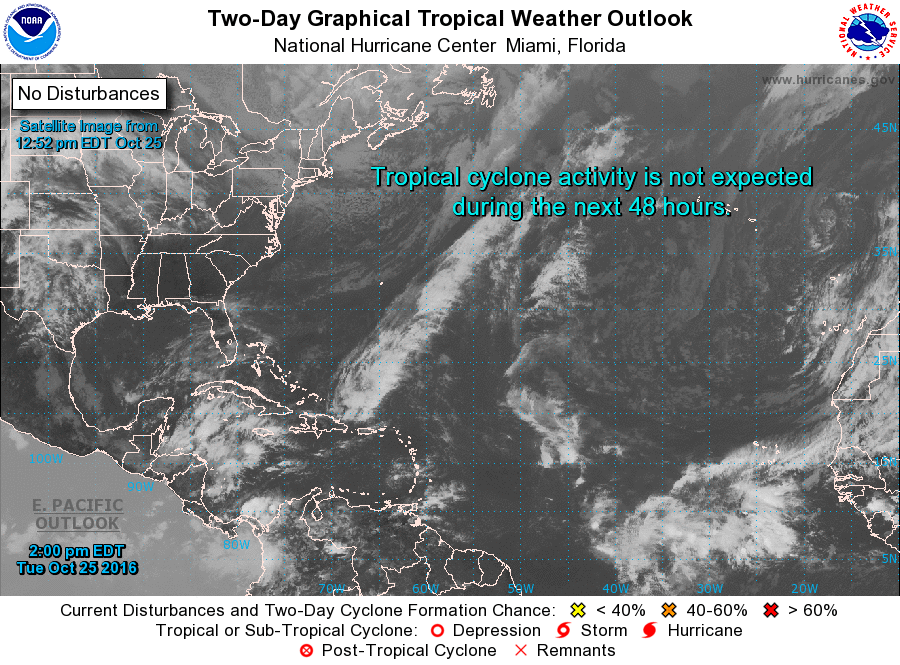
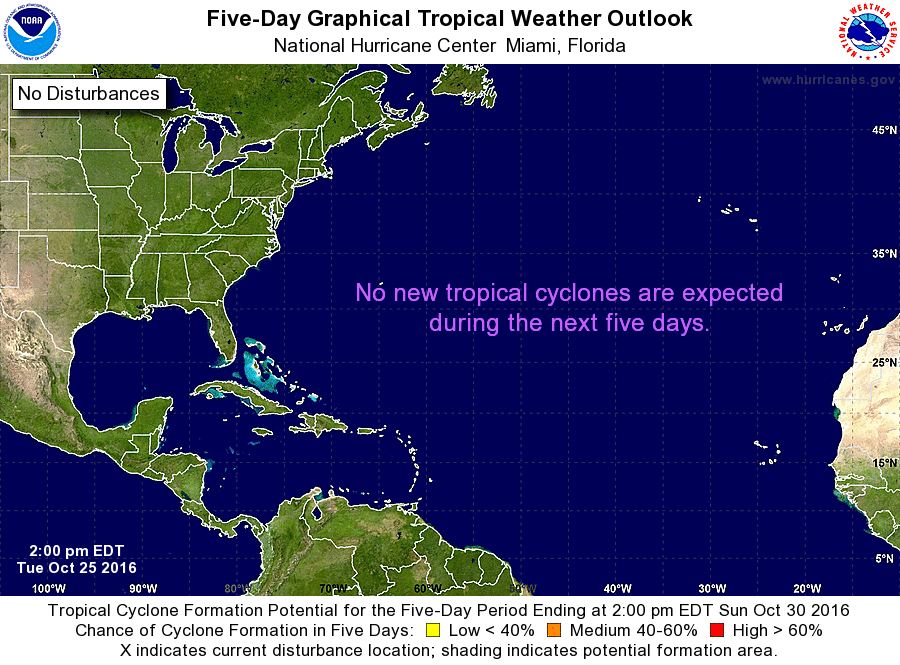
For the North Atlantic...Caribbean Sea and the Gulf of Mexico:

Tropical cyclone formation is not expected during the next 5 days.

Forecaster Avila